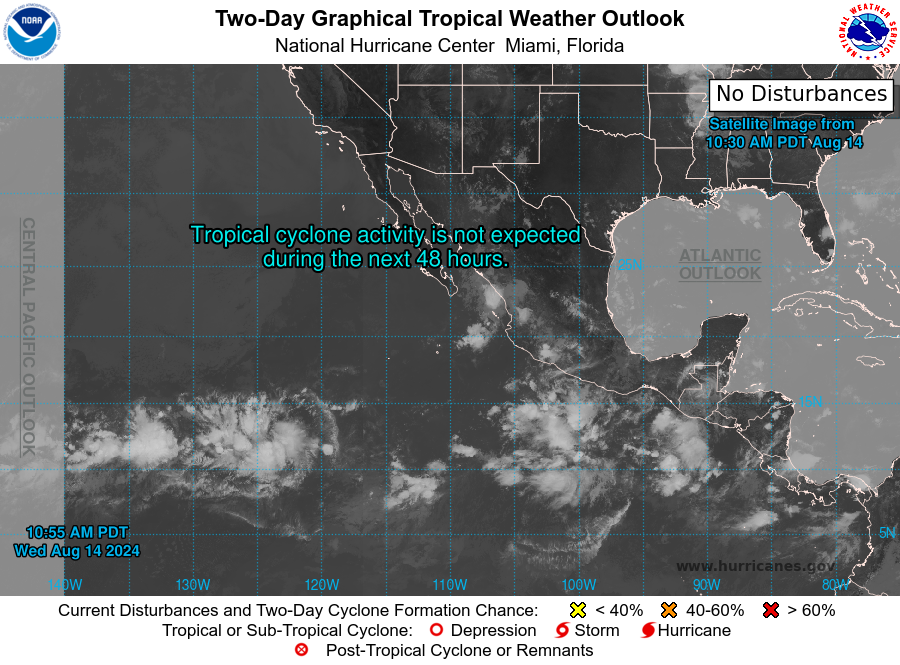
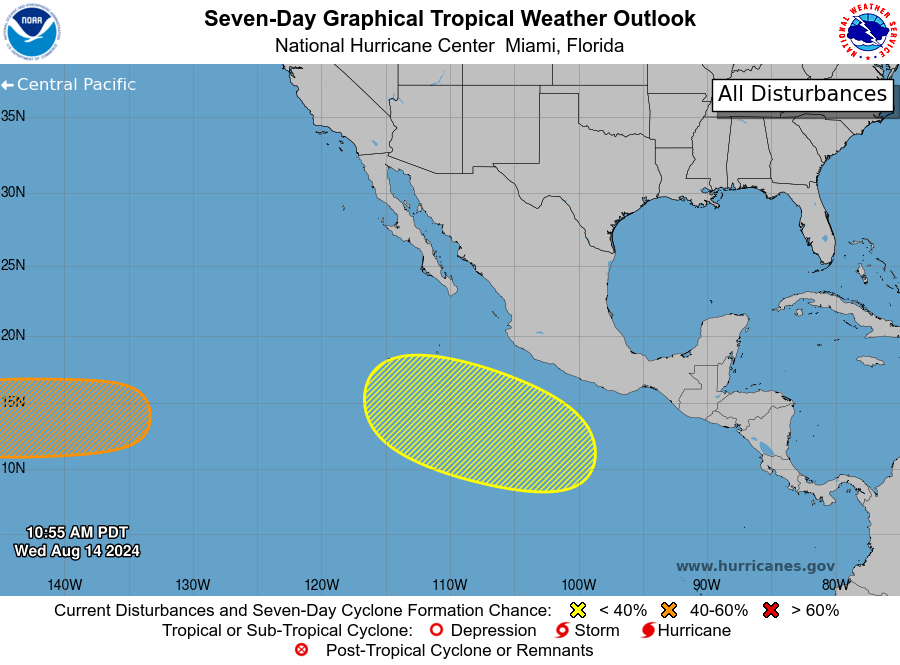
For the eastern North Pacific...east of 140 degrees west longitude:

1. Offshore of Southwestern Mexico: An area of low pressure could form this weekend well offshore of southern Mexico. Some slow development is possible by early next week as the low moves west-northwestward, remaining offshore of southwestern Mexico.
* Formation chance through 48 hours...low...near 0 percent.
* Formation chance through 7 days...low...30 percent.

2. Well Southeast of the Hawaiian Islands: An area of low pressure could form this weekend or early next week far southeast of the Hawaiian Islands. Environmental conditions appear conducive for additional development, and a tropical depression could form as it moves westward. Information on this system\'s development can also be found in the Tropical Weather Outlook for the Central Pacific basin.
* Formation chance through 48 hours...low...near 0 percent.
* Formation chance through 7 days...medium...40 percent.

The Tropical Weather Outlook for the Central Pacific basin can be found under AWIPS header HFOTWOCP and WMO header ACPN50 PHFO and on the web at hurricanes.gov

Forecaster Bucci